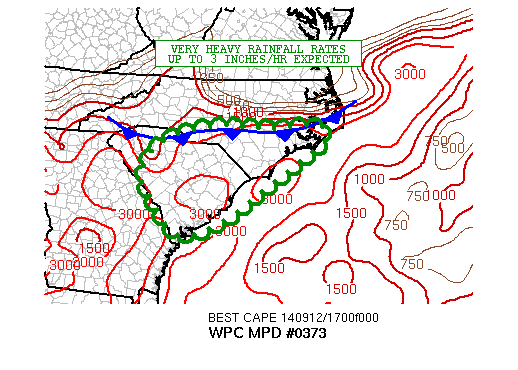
AREAS AFFECTED...CENTRAL AND EASTERN SC...SOUTHEAST NC

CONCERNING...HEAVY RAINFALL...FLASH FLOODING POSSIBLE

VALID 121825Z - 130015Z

SUMMARY...VERY SLOW-MOVING CLUSTERS OF SHOWERS AND THUNDERSTORMS
WITH VERY HEAVY RAINFALL RATES ARE EXPECTED THIS AFTERNOON.

DISCUSSION...THE LATEST VIS SAT IMAGERY SHOWS AN INCREASINGLY
AGITATED CU/TCU FIELD OVER SERN NC AND CNTRL/ERN SC...WITH
NUMEROUS SHOWERS AND THUNDERSTORMS SEEN ORGANIZING IN RADAR
IMAGERY. THE ACTIVITY IS FORMING WITHIN A VERY MOIST AND UNSTABLE
AIRMASS SITUATED ALONG AND AHEAD OF A SWD ADVANCING COLD FRONT.
PWATS OF 2.1 TO 2.3 INCHES ARE NOTED IN THE GOES-SOUNDER
DATA...AND THE LATEST RAP ANALYSIS SHOWS SBCAPE VALUES EXCEEDING
3000 J/KG LOCALLY.

THE 12Z NAM-CONEST...12Z ARW...12Z NMMB AND THE 12Z NSSL-WRF ALL
SUPPORT THE IDEA OF VERY SLOW-MOVING CONVECTION THIS AFTERNOON AND
EARLY EVENING OVER THE NC/SC COASTAL PLAIN. IN FACT...THE
NAM-CONEST SUGGESTS RAINFALL POTENTIAL EXCEEDING 5 INCHES THROUGH
00Z. THE ENVIRONMENT WILL BE CONDUCIVE FOR CELL-MERGERS AND
CLUSTERS OF MULTI-CELL CONVECTION THAT WILL BE CAPABLE OF
PRODUCING RAINFALL RATES OF UP TO 3 INCHES/HR...AND WITH SUCH SLOW
MOVEMENT...THERE WILL BE CONCERNS FOR EXCESSIVE AMTS. WILL
CONTINUE TO MONITOR.